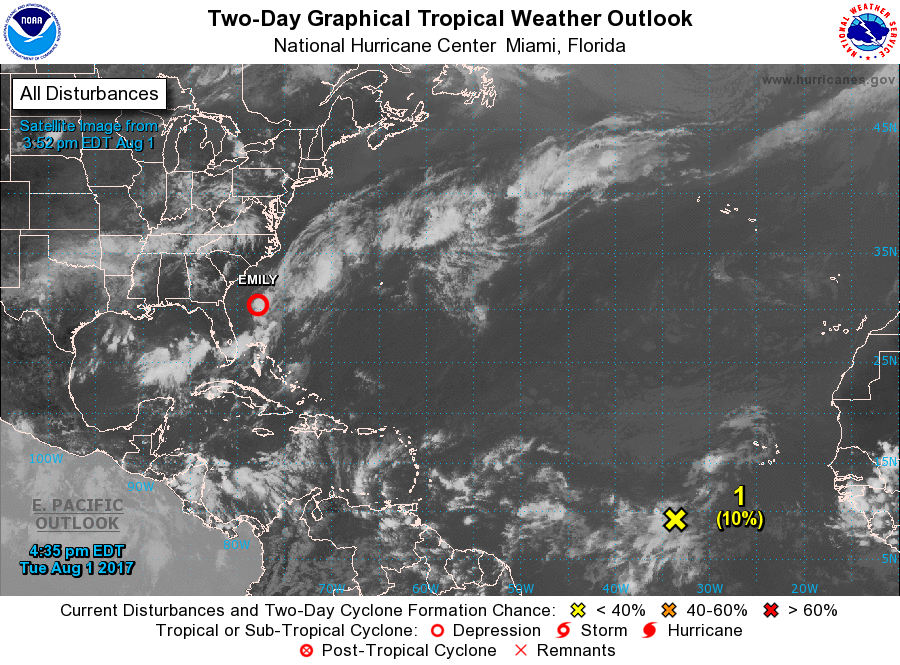
For the North Atlantic...Caribbean Sea and the Gulf of Mexico:

The National Hurricane Center is issuing advisories on Tropical Depression Emily, located over the Atlantic Ocean well to the east Florida.

1. A tropical wave accompanied by a low pressure system is producing a large area of cloudiness and disorganized shower activity several hundred miles southwest of the Cabo Verde Islands. Some slow development is possible during the next few days while the disturbance moves westward at 10 to 15 mph. However, upper-level winds are expected to become less conducive for development by the weekend.
* Formation chance through 48 hours...low...10 percent.
* Formation chance through 5 days...low...20 percent.

Forecaster Stewart